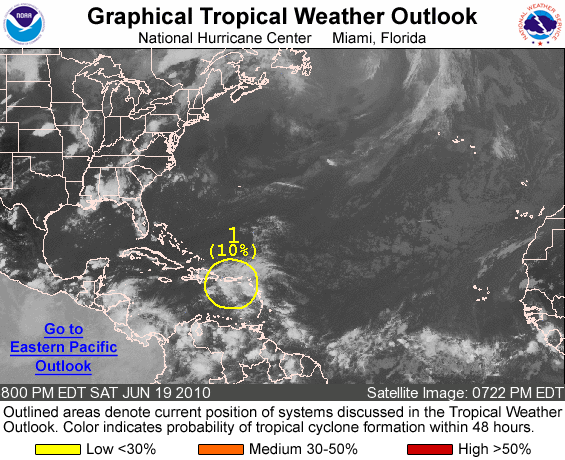
FOR THE NORTH ATLANTIC...CARIBBEAN SEA AND THE GULF OF MEXICO...

1. A TROPICAL WAVE EXTENDING FROM THE CENTRAL CARIBBEAN ACROSS THE DOMINICAN REPUBLIC AND INTO THE ATLANTIC OCEAN IS PRODUCING DISORGANIZED SHOWERS AND THUNDERSTORMS. LOCALLY HEAVY RAINS...WHICH COULD CAUSE FLASH FLOODS AND MUDSLIDES...AND GUSTY WINDS ARE POSSIBLE DURING THE NEXT DAY OR TWO OVER PORTIONS OF THE LEEWARD ISLANDS...THE VIRGIN ISLANDS...PUERTO RICO...THE DOMINICAN REPUBLIC...AND HAITI AS THE WAVE MOVES WESTWARD OR WEST- NORTHWESTWARD AT 10 TO 15 MPH. UPPER-LEVEL WINDS ARE EXPECTED TO REMAIN UNFAVORABLE FOR TROPICAL CYCLONE DEVELOPMENT...AND THERE IS A LOW CHANCE...10 PERCENT...OF THIS SYSTEM BECOMING A TROPICAL CYCLONE DURING THE NEXT 48 HOURS.

FOR ADDITIONAL INFORMATION ON THIS SYSTEM...PLEASE REFER TO PRODUCTS ISSUED BY YOUR NATIONAL METEOROLOGICAL SERVICE.

ELSEWHERE...TROPICAL CYCLONE FORMATION IS NOT EXPECTED DURING THE NEXT 48 HOURS.

FORECASTER CANGIALOSI/BEVEN